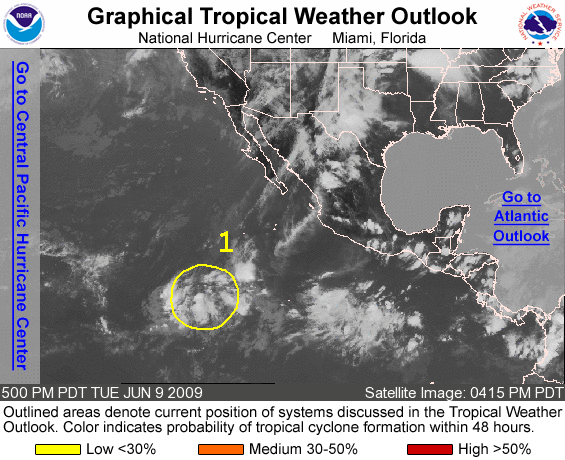
FOR THE EASTERN NORTH PACIFIC...EAST OF 140 DEGREES WEST LONGITUDE..

1. SHOWERS AND THUNDERSTORMS ASSOCIATED WITH A BROAD AREA OF LOW PRESSURE LOCATED ABOUT 1100 MILES SOUTH-SOUTHWEST OF THE SOUTHERN TIP OF BAJA CALIFORNIA REMAIN POORLY ORGANIZED. DEVELOPMENT OF THIS SYSTEM...IF ANY...SHOULD BE SLOW TO OCCUR AS IT MOVES SLOWLY WEST- NORTHWESTWARD TO NORTHWESTWARD. THERE IS A LOW CHANCE...LESS THAN 30 PERCENT...OF THIS SYSTEM BECOMING A TROPICAL CYCLONE DURING THE NEXT 48 HOURS.

ELSEWHERE...TROPICAL CYCLONE FORMATION IS NOT EXPECTED DURING THE NEXT 48 HOURS.

FORECASTER PASCH